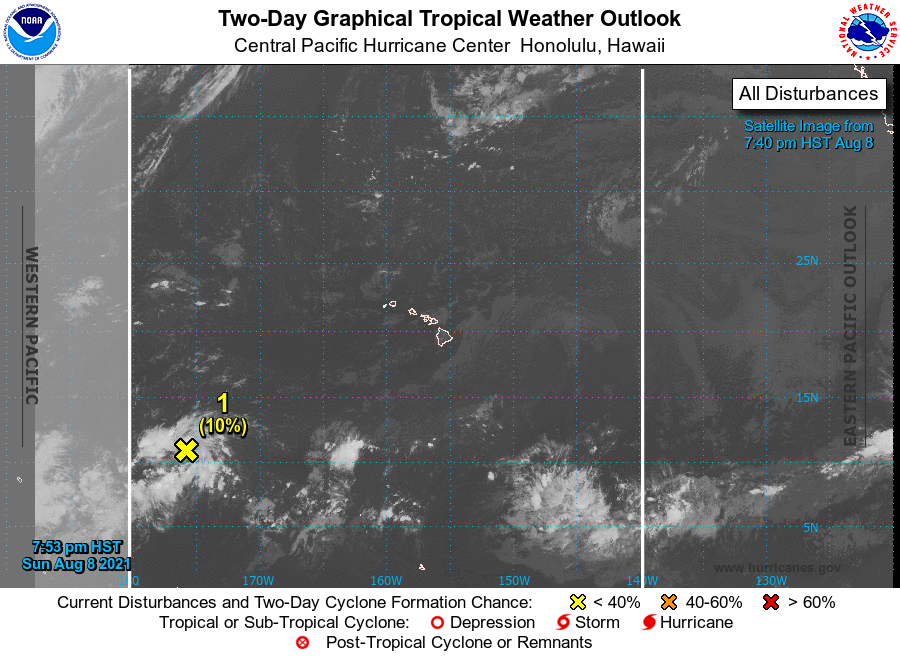
For the central North Pacific...between 140W and 180W:

1. An elongated area of low pressure located around 1400 miles southwest of Honolulu, Hawaii is producing disorganized showers and thunderstorms. Environmental conditions should become less favorable for development as this system moves west northwest at around 10 mph the next couple of days.
* Formation chance through 48 hours...low...10 percent.
* Formation chance through 5 days...low...10 percent.

Elsewhere, no tropical cyclones are expected during the next 5 days.

Forecaster Blood